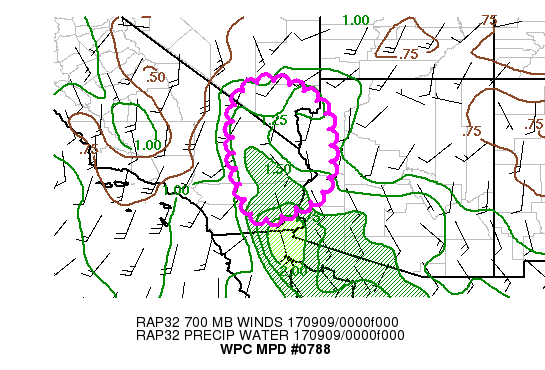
AREAS AFFECTED...SOUTHEAST CA...SOUTHERN NEVADA...WESTERN AZ

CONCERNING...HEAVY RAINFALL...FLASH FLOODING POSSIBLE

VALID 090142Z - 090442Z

SUMMARY...SHOWERS AND THUNDERSTORMS COULD PRODUCE HEAVY RAINFALL
WITH THE POTENTIAL FOR FLASH FLOODING FOR A FEW MORE HOURS.

DISCUSSION...SHOWERS AND THUNDERSTORMS PERSISTS AS WAVES OF
SHORTWAVE ENERGY ROTATE AROUND AN UPPER LOW IN SOUTHERN CA INTO AN
AXIS OF CONFLUENCE NEAR THE CA/NV AND CA/AZ BORDER.

THE MODEL SOUNDINGS FROM SOUTHEAST CA TO WESTERN AZ SHOW ABOVE
NORMAL MOISTURE...SUPPORTED BY CONTINUITY FROM   THE 18Z YUMA
SOUNDING INDICATING 1.6 INCHES OF PRECIPITABLE WATER.  THESE
VALUES ARE 1-2 STD DEVIATIONS ABOVE NORMAL.  THE ABOVE NORMAL
MOISTURE COMBINED WITH CAPE OF 1000-2000 J/KG INDICATE REMAINING
AVAILABLE INSTABILITY.

THERE WERE EARLIER SHOWERS AND STORMS IN SOUTHEAST CA TO THE AZ
BORDER AND ALSO SOUTHERN NV. ADDITIONAL SHOWERS DEVELOPING IN THE
AREA COULD LEAD TO FLOODING PROBLEMS NOW THAT SOILS HAVE BECOME
WETTER.

THE OBSERVED 00Z AND FORECAST SOUNDINGS ACROSS SOUTHEAST
CA/WESTERN AZ/SOUTHERN NV INDICATE DEEP SOUTHERLY FLOW.  THIS
PROMOTES SOUTH TO NORTH MOVEMENT.

GIVEN LITTLE DIRECTIONAL WIND SHEAR...
PERIODS OF TRAINING CELLS ARE POSSIBLE.  WHERE TRAINING
OCCURS...AMOUNTS OF 1-2 INCHES ARE POSSIBLE....SUPPORTED BY THE
12Z WRF ARW AND NSSL WRF. THUS SOME FLASH FLOODING WILL BE
POSSIBLE. AS THE NIGHT PROGRESSES...LOSS OF INSTABILITY WILL LEAD
TO A REDUCTION IN SHOWER COVERAGE/INTENSITY.